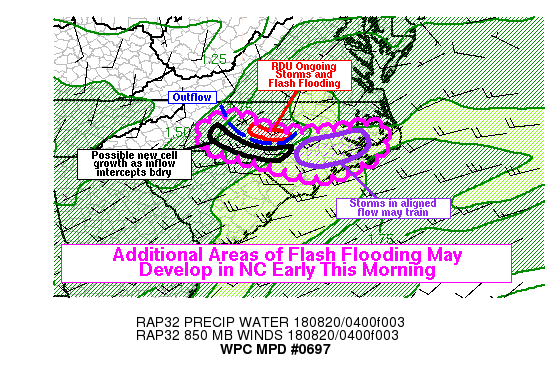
Areas affected...North Carolina

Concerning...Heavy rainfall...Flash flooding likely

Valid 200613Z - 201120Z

Summary...Heavy rain has already fallen in the Triangle Region of
North Carolina tonight, and flash flooding may continue for a
couple more hours. However, new areas of flash flooding may also
develop elsewhere in North Carolina in the early morning hours as
thunderstorms continue to develop. Rain rates of 1-2 in/hr should
be common, with some localized rates up to 3 in/hr possible.

Discussion...The training band of convection in the Triangle
Region was finally beginning to decrease in organization, and the
areas of higher reflectivity were slowly sinking south along with
a convective outflow boundary. This boundary now likely stretched
along a line roughly from Wilson, to Dunn, to Carthage, to
Salisbury. WSW-SW low-level inflow continues, and should continue
to intercept this boundary at close to a perpendicular angle. This
should continue to focus convergence and ascent into south-central
North Carolina, and may allow continued cell growth along the
outflow boundary. As the cells drift north of the boundary and
merge into existing convection, they could produce areas of heavy
rainfall, despite the convective band appearing less focused in
the past half hour on KRAX radar. Of concern would be if heavy
rain became more focused in the corridor including Montgomery,
Moore, Lee, and Harnett Counties, which have received heavy
rainfall recently and have slightly reduced flash flood guidance.

Another area of potential flash flooding would be in eastern North
Carolina, as convective coverage has rapidly increased in the
primary belt of 925-850mb moisture transport. The low-level flow
is slightly stronger in these areas, and the precipitable water
values are a little higher -- above 2 inches per CIRA blended TPW.
Convective bands in this region may be favored for training as the
flow is favorably aligned from a southwesterly direction up
through around 6km AGL. And rain rates could be higher given the
generally higher moisture content. KMHX radar has already
estimated rain rates approaching 3 in/hr just west of New Bern
with a convective cluster that began to exhibit backbuilding
characteristics and stalled near the Neuse River.

Overall, rain rates should be sufficiently high in the strongest
convection in North Carolina to pose a continued flash flood risk
through the early morning hours.